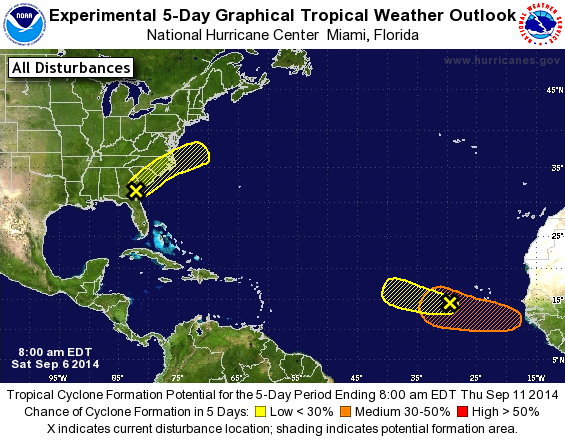
For the North Atlantic...Caribbean Sea and the Gulf of Mexico:

1. A weak area of low pressure near the coast of Georgia continues to produce disorganized cloudiness and showers, mainly over the Atlantic coastal waters. Development of this system appears unlikely while it drifts northeastward over the southeastern United States during the next couple of days. After that time, this system could merge with a frontal zone over the western Atlantic Ocean.
* Formation chance through 48 hours...low...near 0 percent.
* Formation chance through 5 days...low...10 percent.

2. Shower activity associated with an area of low pressure a few hundred miles west-southwest of the Cape Verde Islands has increased and become a little better organized this morning. However, significant development of this system is not expected due to a unfavorable dry air mass that prevails over the tropical Atlantic Ocean.
* Formation chance through 48 hours...low...10 percent.
* Formation chance through 5 days...low...10 percent.

3. A tropical wave is forecast to move off of the west coast of Africa by late Sunday. Environmental conditions could support slow development of this system early next week while it moves toward the west or west-northwest over the eastern tropical Atlantic Ocean.
* Formation chance through 48 hours...low...near 0 percent.
* Formation chance through 5 days...medium...30 percent.

Forecaster Kimberlain